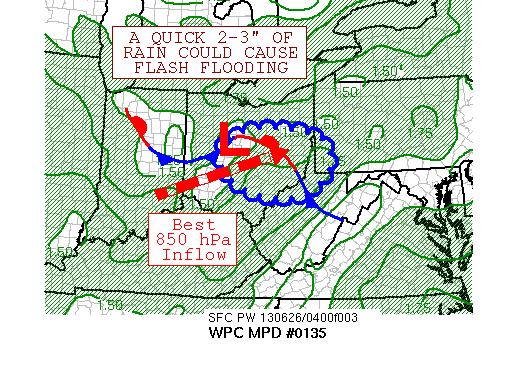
AREAS AFFECTED...CENTRAL OH...WESTERN PA...NORTHERN WV

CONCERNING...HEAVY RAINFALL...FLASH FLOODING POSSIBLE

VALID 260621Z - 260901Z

SUMMARY...A RECENTLY RESTRENGTHENED BAND OF THUNDERSTORMS
EXTENDING FROM CENTRAL OH INTO WESTERN PA AND NORTHERNMOST WV
CONTINUES TO CARRY THE RISK OF FLASH FLOODING FOR THE NEXT FEW
HOURS.

DISCUSSION...A MESOSCALE LOW ACROSS WEST-CENTRAL OH AND ITS
ASSOCIATED OUTFLOW BOUNDARY/MESOSCALE COLD FRONT HAVE BEEN SLOWLY
CONSTRICTING THE LENGTH OF THIS CONVECTIVE LINE FROM THE WEST OVER
THE PAST SEVERAL HOURS, AND THE SOUTHWEST FLOW AHEAD OF THE LOW
HAS RECENTLY SLOWED DOWN ITS SOUTHWARD PROGRESS.  WESTERLY 850 HPA
INFLOW OF 30-35 KNOTS CONTINUES TO FEED MOISTURE INTO THE REGION
AND CONTINUE CONVECTIVE ORGANIZATION, WITH PRECIPITABLE WATER
VALUES NEAR 1.75 INCHES.  INSTABILITY CONTINUES TO INHABIT THE
REGION, WITH SATELLITE-DERIVED CAPES OF 3000-4000 J/KG ACROSS
SOUTH-CENTRAL OH.  THE AREA IS DIVERGENT ALOFT AHEAD OF A
SHORTWAVE MOVING ACROSS NORTHERN LAKE MICHIGAN.

BELIEVE THE CONVECTIVE BAND WILL CONTINUE TO SLOWLY DROP SOUTH AS
IT NARROWS FROM WEST TO EAST, WITH LOW-LEVEL INFLOW THE REGION
FINALLY WEAKENING BY 09Z, WHICH SHOULD ALLOW THE BAND TO
DISSIPATE.  LOCAL RAINFALL AMOUNTS OF 2-3 INCHES WITHIN A SHORT
TIME FRAME REMAIN POSSIBLE, WHICH COULD LEAD TO FLASH FLOODING.